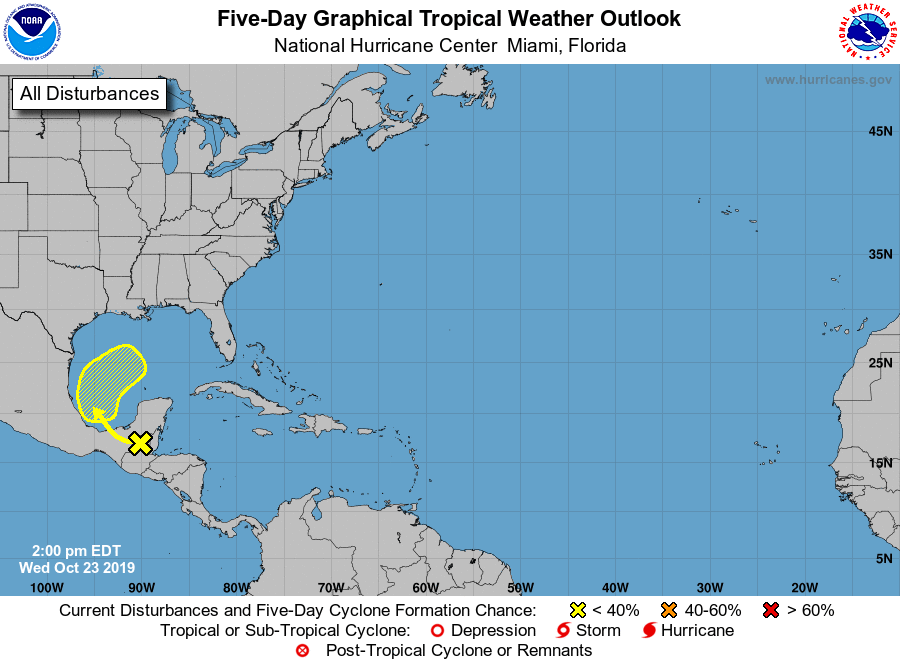
For the North Atlantic...Caribbean Sea and the Gulf of Mexico:

1. A tropical wave is producing disorganized showers and thunderstorms over the Yucatan Peninsula, Belize, and the adjacent waters of the northwestern Caribbean Sea and the southwestern Gulf of Mexico. This disturbance is forecast to move west-northwestward and emerge over the Bay of Campeche on Thursday, and then move northward and northeastward into the southwestern and central Gulf of Mexico on Friday and Saturday. Some development will be possible on Friday and early Saturday before the system merges with a cold front by early Sunday.
* Formation chance through 48 hours...low...10 percent.
* Formation chance through 5 days...low...30 percent.

Forecaster Stewart